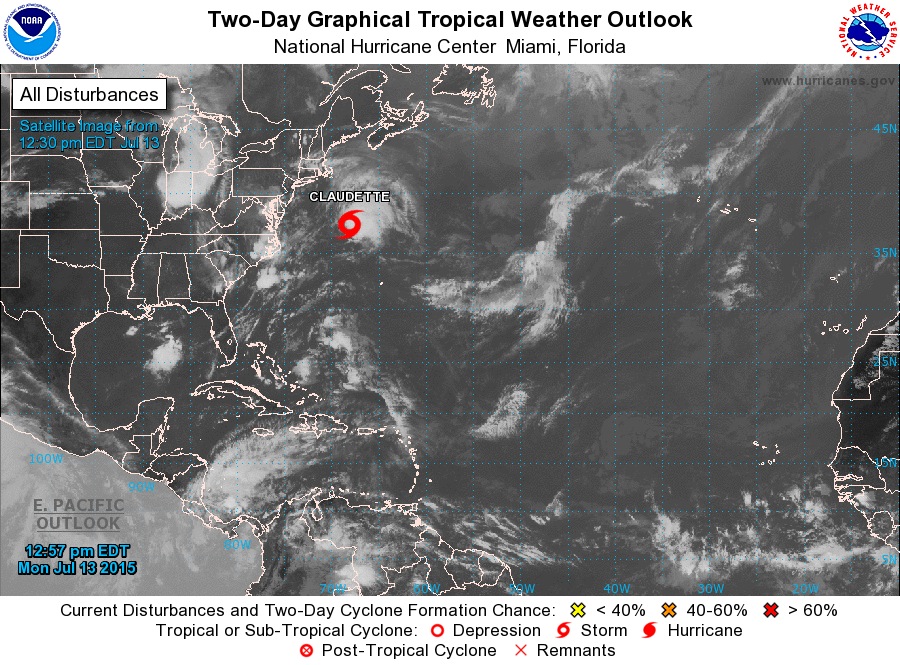
For the North Atlantic...Caribbean Sea and the Gulf of Mexico:

Special tropical weather outlook issued to update the discussion on the low pressure system east of the United States mid-Atlantic coast.

1. Satellite pictures indicate that shower and thunderstorm activity associated with a low pressure system located about 450 miles east- northeast of Cape Hatteras, North Carolina, continues to become better organized. Satellite wind data also indicate that the low's circulation is well defined, with winds of tropical storm force. Based on these data, advisories on a tropical storm will be issued within the next hour. The low is expected to accelerate northeastward during the next day or two, away from the U.S. coast.
* Formation chance through 48 hours...high...near 100 percent
* Formation chance through 5 days...high...near 100 percent

Forecaster Kimberlain/Brown